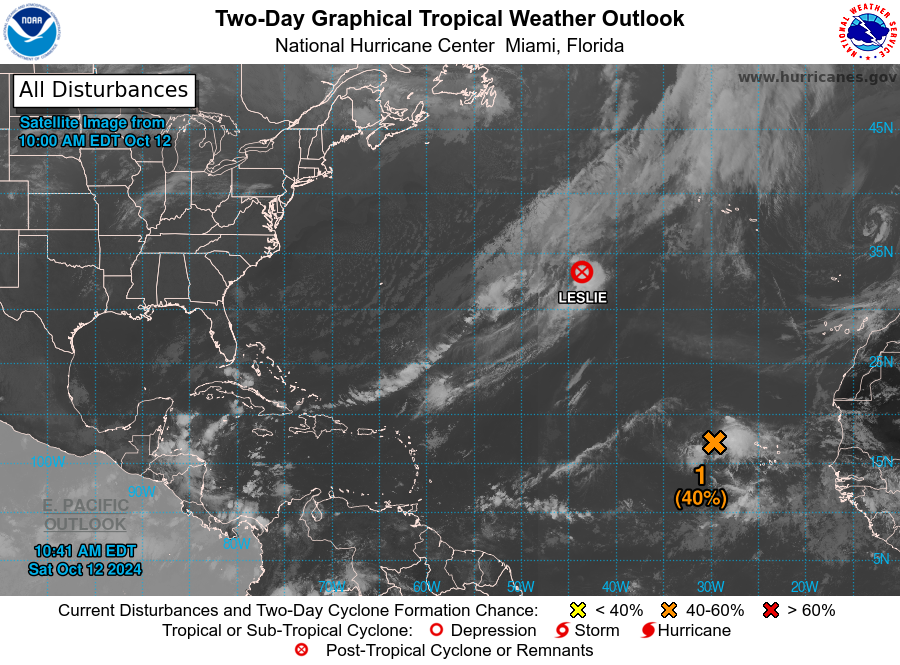
For the North Atlantic...Caribbean Sea and the Gulf of Mexico:

Active Systems: The National Hurricane Center is issuing advisories on Tropical Storm Leslie, located over the central Atlantic Ocean.

1. Eastern Tropical Atlantic (AL94): The circulation associated with an area of low pressure located a couple of hundred miles west of the Cabo Verde Islands appears to have become slightly better defined this morning. However, the associated shower and thunderstorm activity is only marginally well-organized, and environmental conditions are expected to become less conducive for further development later today. A short-lived tropical depression could still form at any time today while the system moves generally westward. After that time, the system is forecast to continue moving westward across the central tropical Atlantic, but further development is not anticipated through at least the middle of next week.
* Formation chance through 48 hours...medium...40 percent.
* Formation chance through 7 days...medium...40 percent.

Forecaster D. Zelinsky